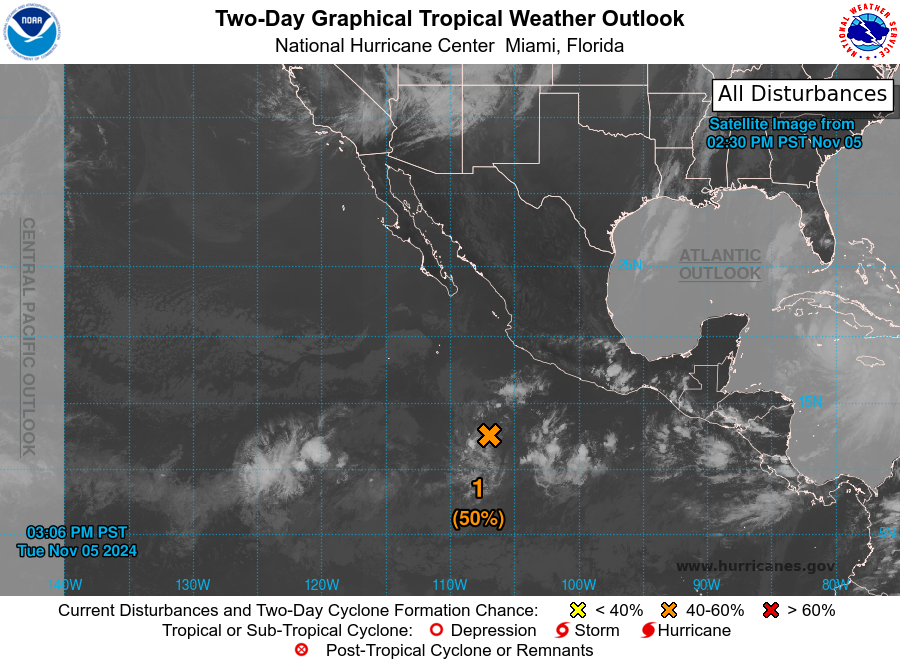
For the eastern North Pacific...east of 140 degrees west longitude:

1. Southwest of Southwestern Mexico (EP93): Shower activity is currently limited in association with an area of low pressure located several hundred miles southwest of the coast of southwestern Mexico. Environmental conditions appear marginally conducive for slow development through Wednesday, and a tropical depression could form during the next day or so while it moves generally east-northeastward at 5 to 10 mph. By the latter part of the week, environmental conditions are forecast to become unfavorable for any further development.
* Formation chance through 48 hours...medium...50 percent.
* Formation chance through 7 days...medium...50 percent.

Forecaster Hagen